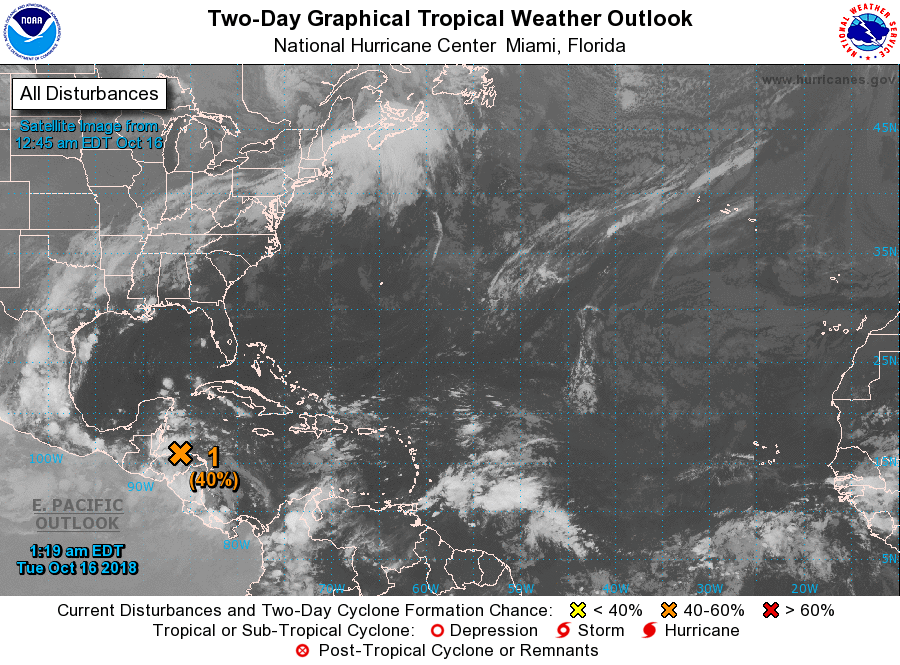
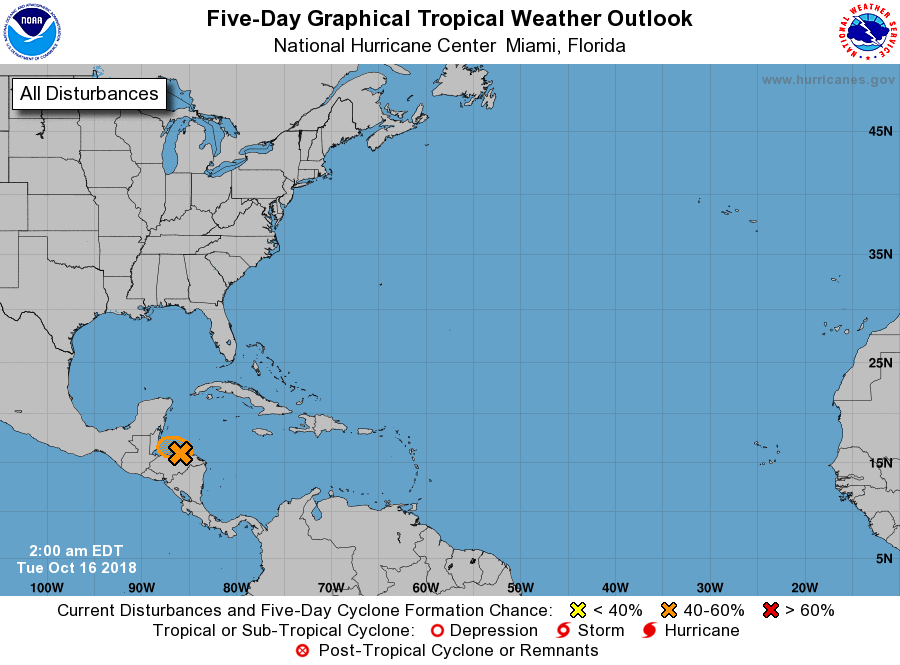
For the North Atlantic...Caribbean Sea and the Gulf of Mexico:

1. A low pressure system located along the north-central coast of Honduras continues to produce a large area of cloudiness and thunderstorms over portions of the far western Caribbean Sea and much of Central America. Although the associated shower and thunderstorm activity has changed little in organization overnight, the system could still become a tropical depression before it moves inland over Belize later today. Regardless of development, gusty winds are possible over portions of Belize and the Yucatan Peninsula today. In addition, locally heavy rainfall, which could cause flash flooding, is possible across portions of Central America during the next few days. An Air Force Reserve Hurricane Hunter aircraft is scheduled to investigate this system this afternoon, if necessary.
* Formation chance through 48 hours...medium...40 percent.
* Formation chance through 5 days...medium...40 percent.

Forecaster Brown